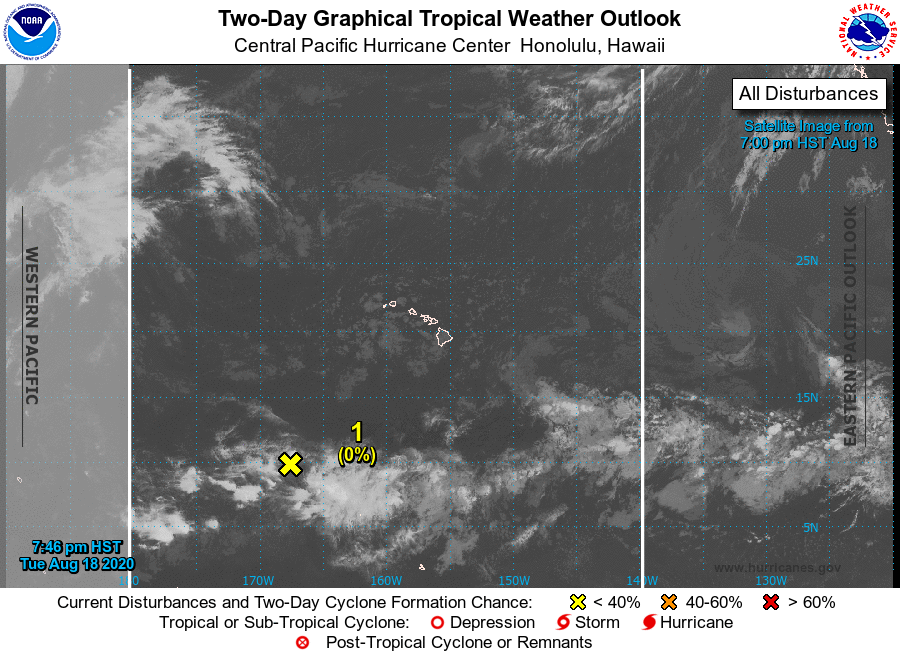
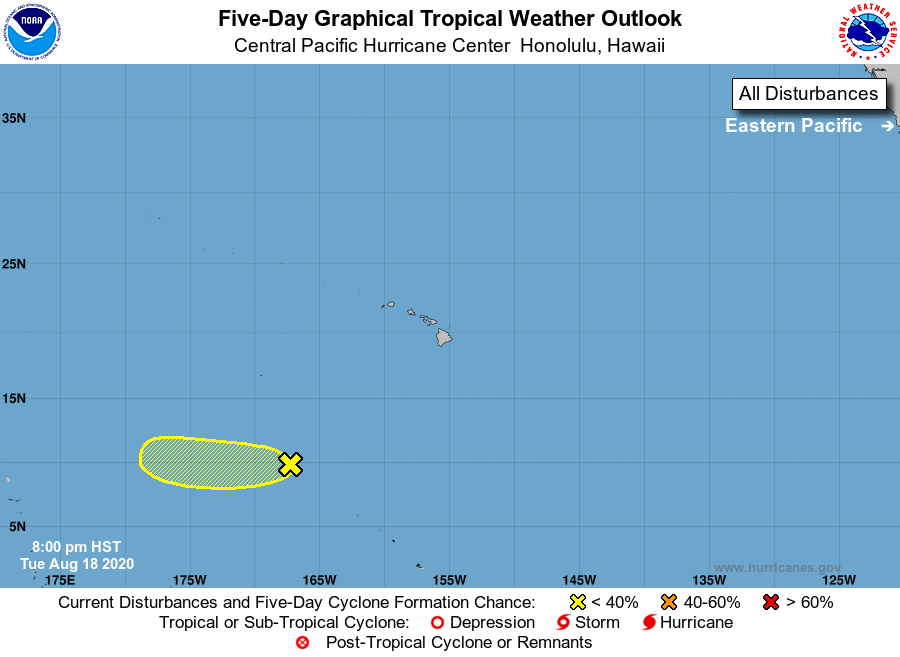
For the central North Pacific...between 140W and 180W:

1. Showers and thunderstorms remain disorganized with an area of low pressure some 1020 miles southwest of Honolulu, Hawaii. Environmental conditions are not expected to be conducive for development as the system moves toward the west near 10 mph.
* Formation chance through 48 hours...low...near 0 percent.
* Formation chance through 5 days...low...10 percent.

Elsewhere, no tropical cyclones are expected during the next 5 days.

Forecaster Lau